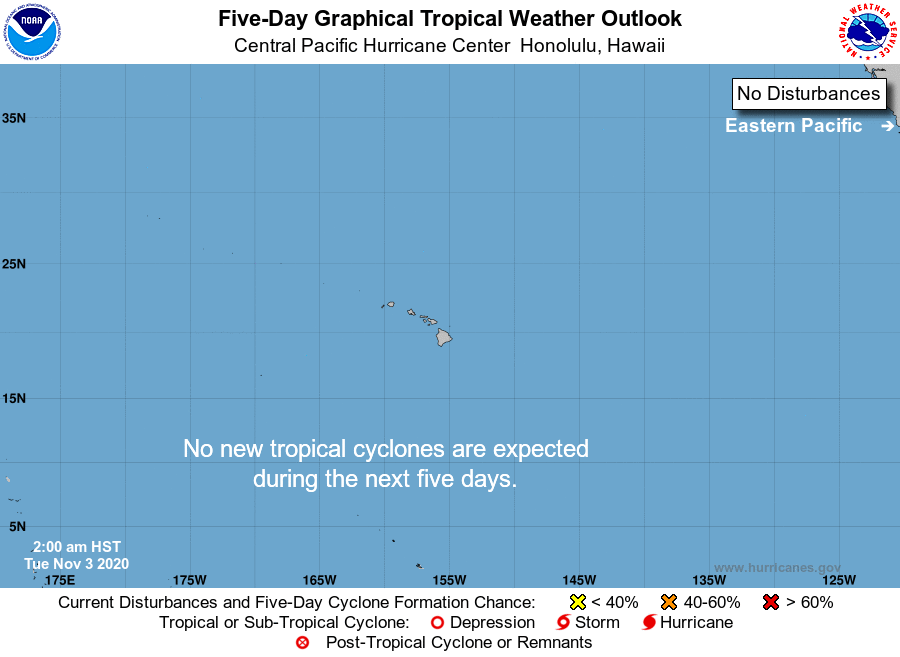
For the central North Pacific...between 140W and 180W:

No tropical cyclones are expected during the next 5 days.

Forecaster Almanza